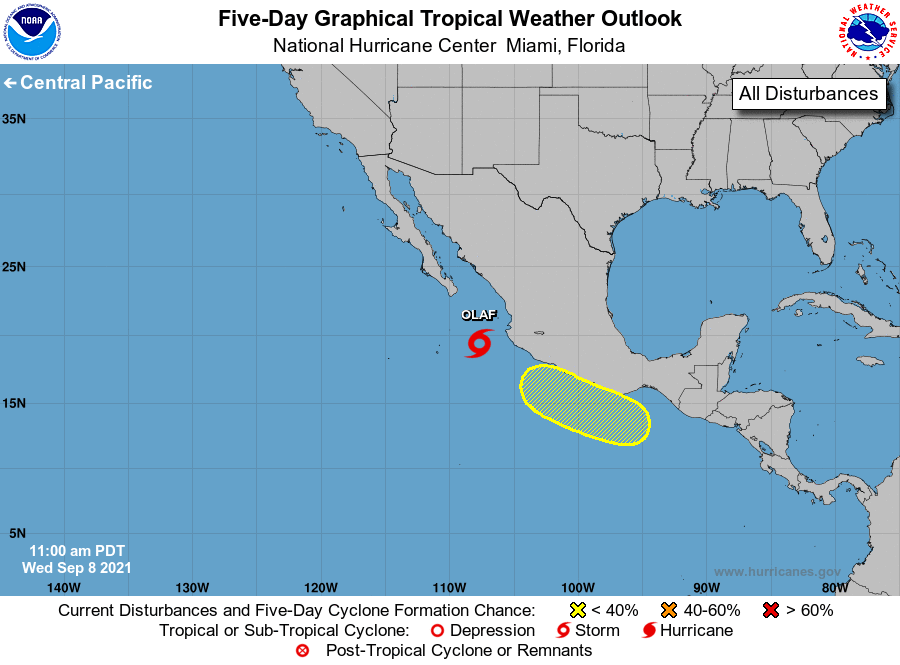
For the eastern North Pacific...east of 140 degrees west longitude:

The National Hurricane Center is issuing advisories on recently upgraded Tropical Storm Olaf, located a few hundred miles south- southeast of the southern tip of the Baja California peninsula.

1. An area of low pressure is expected to form over the weekend a couple of hundred miles south of the southern coast of Mexico. Conditions appear favorable for some development of this system early next week while it moves west-northwestward near or just offshore of the coast of southern and southwestern Mexico.
* Formation chance through 48 hours...low...near 0 percent.
* Formation chance through 5 days...low...20 percent.

Public Advisories on Tropical Storm Olaf are issued under WMO header WTPZ35 KNHC and under AWIPS header MIATCPEP5. Forecast/Advisories on Tropical Depression Fifteen-E are issued under WMO header WTPZ25 KNHC and under AWIPS header MIATCMEP5.

Forecaster Latto